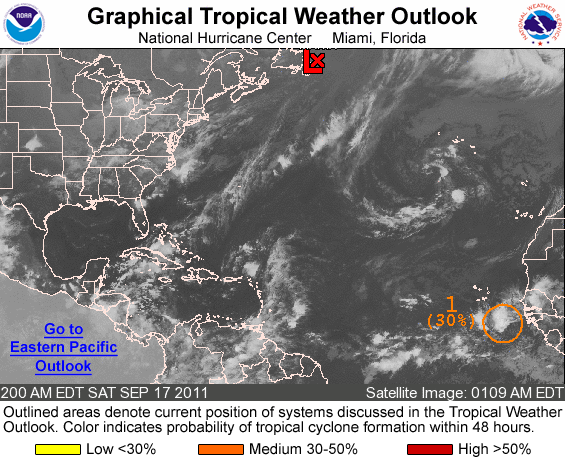
FOR THE NORTH ATLANTIC...CARIBBEAN SEA AND THE GULF OF MEXICO...

1. A BROAD LOW PRESSURE SYSTEM IS LOCATED ABOUT 325 MILES SOUTH-SOUTHEAST OF THE SOUTHERN CAPE VERDE ISLANDS. SHOWERS AND THUNDERSTORMS HAVE BECOME A LITTLE MORE CONCENTRATED NEAR THE CENTER OF THE LOW THIS MORNING...AND SOME ADDITIONAL DEVELOPMENT OF THIS DISTURBANCE IS POSSIBLE DURING THE NEXT COUPLE OF DAYS. THIS SYSTEM HAS A MEDIUM CHANCE...30 PERCENT...OF BECOMING A TROPICAL CYCLONE DURING THE NEXT 48 HOURS AS IT MOVES WESTWARD AT 10 TO 15 MPH.

ELSEWHERE...TROPICAL CYCLONE FORMATION IS NOT EXPECTED DURING THE NEXT 48 HOURS.

FORECASTER STEWART